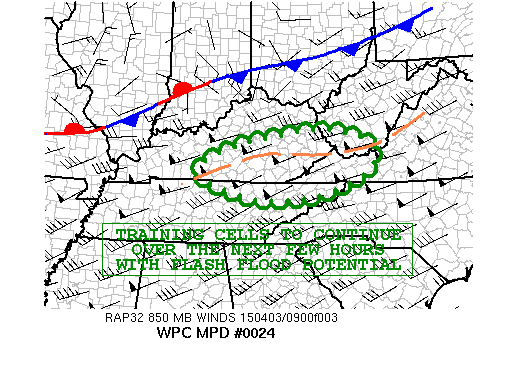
AREAS AFFECTED...SOUTHEASTERN KY...FAR NORTHEAST TN...SOUTHWEST
VA---FAR SOUTHERN WV

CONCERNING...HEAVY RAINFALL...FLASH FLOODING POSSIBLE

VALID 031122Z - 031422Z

SUMMARY...TRAINING OF CELLS IN A WEST TO EAST DIRECTION WILL
CONTINUE OVER THE NEXT FEW HOURS OVER SOUTHEAST KY---FAR NORTHEAST
TN---SOUTHWEST VA AND FAR SOUTHEN WV.  IN AREAS OF TRAINING---ONE
HOURLY RAINFALL AMOUNTS OF 1"+ MAY EXCEED FFG VALUES

DISCUSSION...WHILE RECENT RADAR TRENDS ARE SHOWING OVERALL
PROGRESSION TO THE AREA OF ORGANIZED CONVECTION AS SHORTWAVE
ENERGY PUSHES EASTWARD THROUGH THE OH VALLEY---THERE STILL WILL BE
A PERIOD OF TRAINING THIS MORNING TO THE SOUTH OF THE FRONT
PUSHING INTO THE OH VALLEY AND ALONG THE OUTFLOW ON THE SOUTHERN
EDGE OF THE CONVECTINO OVER SOUTHEAST KY INTO SOUTHWEST VA.
LATEST SATELLITE IMAGERY IS SHOWING SOME WARMING OF THE CLOUD TOPS
OVER KY--SIGNALLING THE LIKELY START OF THE TYPICAL POST 120 UTC
WEAKENING.  HOWEVER---GIVEN THE CURRENT FFG VALUES OVER SOUTHEAST
KY INTO FAR NORTHEAST TN---SOUTHWEST VA---FFG VALUES WILL LIKELY
BE EXCEEDED OVER THE NEXT FEW HOURS AS CONVECTION ROLLS EASTWARD
ACROSS THESE AREAS.

THE HI RES GUIDANCE FROM 0000 UTC ALL SEEM TO BE TOO FAR TO THE
NORTH WITH THEIR RESPECTIVE QPFS FROM 1200 TO 1800 UTC--ALTHOUGH
THEY ALL SUGGEST THAT THERE WILL BE WEAKENING OF THE CONVECTION
AFTER 1200 UTC.